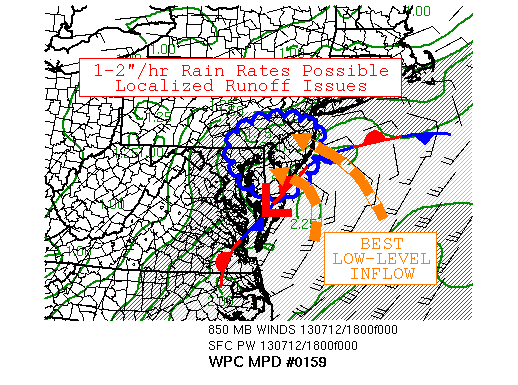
AREAS AFFECTED...DE...NERN MD...SERN PA AND SRN/CENTRAL NJ

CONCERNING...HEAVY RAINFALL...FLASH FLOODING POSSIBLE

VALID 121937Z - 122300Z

SUMMARY...A CONTINUATION OF MPD #158... AS CONVECTIVELY-INDUCED
CIRCULATION IS DRIFTING UP THE DELMARVA COAST. 1-2 INCH PER HR
RAIN RATES ARE POSSIBLE WITHIN THE HIGHER RADAR REFLECTIVITIES...
FLASH FLOODING AND RUNOFF ISSUES REMAIN PLAUSIBLE.

DISCUSSION...A CONVECTIVE SMALL SCALE VORTICITY MAXIMUM CONTINUES
TO HOVER AND SLOWLY DRIFT UP THE  DELMARVA THIS AFTN, WHICH IS
REFLECTED VERY NICELY ON REGIONAL RADAR AND 18Z SURFACE MAP.
RAINFALL RATES FROM THE ELEVATED CONVECTION/OVERRUNNING MOISTURE
ACROSS THE REGION RANGE GENERALLY FROM A .50" TO AN INCH BUT 1-2"
AMOUNTS WITHIN SOME OF THE BETTER INFLOW BANDS. THE MOST
IMPRESSIVE INFLOW NOTCH IS BEING DIRECTED INTO SRN NJ AROUND ACY
AT THE MOMENT AND SPREADING DOWNSTREAM INTO CENTRAL/NRN DE AND
EXTREME NERN MD. 18Z INFLOW IS AROUND 20-25 KNOTS AT 850MB AND
THIS IS ADVECTING IN TROPICAL 2-2.25 INCH PRECIPITABLE WATER
VALUES. TOUGH TO DISCERN HOW MUCH MOVEMENT OR DIRECTION THIS MESO
FEATURE WILL HAVE OVER THE NEXT 3 TO 4 HRS... AS HI-RES GUIDANCE
ADVECTS MOST OF THE MOISTURE WESTWARD WITH TIME... WHILE 12Z
GFS/ECMWF GRADUALLY FILL THE SYSTEM. THE FLASH FLOOD GUIDANCE
REMAINS HIGH, ON THE ORDER OF 2.5 TO 3 INCHES WITHIN AN HR. AS A
RESULT... VERY LOCALIZED AREAS COULD SEE FLASH FLOODING WITH MORE
GENERAL RUNOFF ISSUES ANTICIPATED.